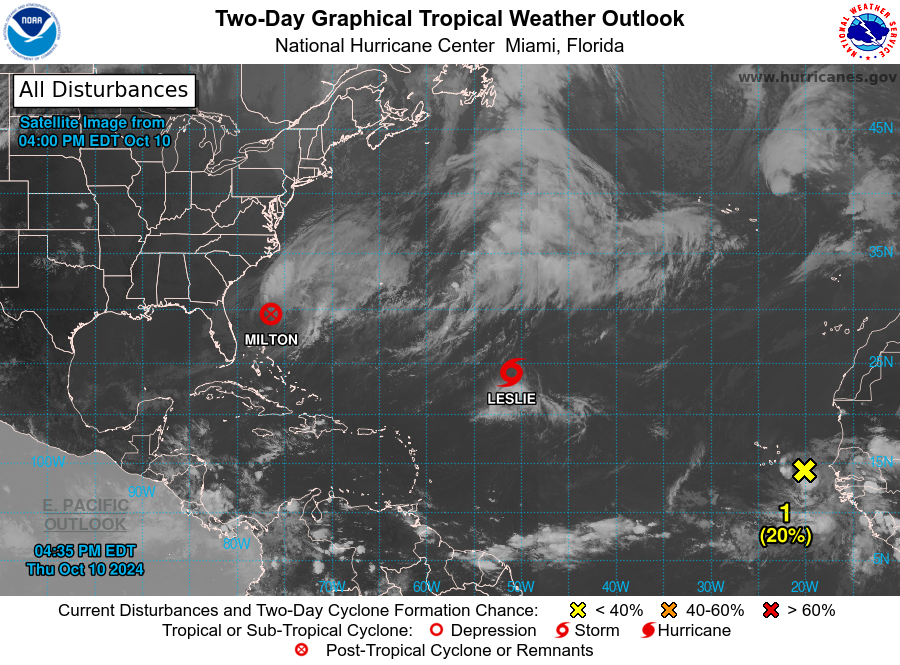
For the North Atlantic...Caribbean Sea and the Gulf of Mexico:

Active Systems: The National Hurricane Center is issuing advisories on Hurricane Leslie, located over the central subtropical Atlantic Ocean, and on Post-Tropical Cyclone Milton, located off the east coast of central Florida.

1. Eastern Tropical Atlantic (AL94): A tropical wave over the far eastern tropical Atlantic continues to produce disorganized showers and thunderstorms. Environmental conditions appear marginal for limited development of this system while it moves westward or west-northwestward across the eastern tropical Atlantic and the Cabo Verde Islands on Friday. By Saturday, upper-level winds are forecast to become less favorable, and further development is unlikely after that time. Regardless of development, localized areas of heavy rain are possible across portions of the Cabo Verde Islands tonight through Friday.
* Formation chance through 48 hours...low...20 percent.
* Formation chance through 7 days...low...20 percent.

Forecaster Hagen